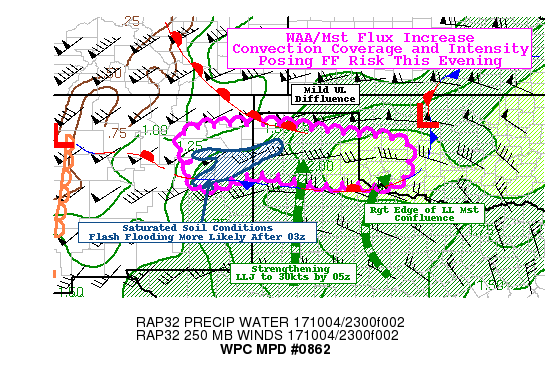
AREAS AFFECTED...SOUTHWEST OK...NORTH TX PANHANLE...EASTERN NM

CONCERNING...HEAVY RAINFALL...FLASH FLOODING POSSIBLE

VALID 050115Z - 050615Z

SUMMARY...STRENGTHENING WARM AIR ADVECTION/MOISTURE FLUX SHOULD
INCREASE CONVECTIVE COVERAGE AND RAINFALL EFFICIENCY THIS EVENING
POSSIBILY OVER AREAS SATURATED FROM LAST NIGHT'S HEAVY RAINFALL.

DISCUSSION...A SLOW BUT STEADY INCREASE IN CONVECTIVE VIGOR HAS
BEEN NOTED BOTH IN REGIONAL RADAR MOSAIC AS WELL AS PERCOLATING
COOLING IR TOPS ACROSS THE EASTERN N TX PANHANDLE INTO SW OK.
THIS IS IN RESPONSE TO STRENGTHENING WAA REGIME AS NOCTURNAL LLJ
BEGINS TO ENHANCE FROM 10 TO 20KTS TO EVENTUALLY 30KTS TOWARD
04-05Z.  CELLS ARE CURRENTLY CONFINED TO THE EASTERN QUADRANT LLJ
WHERE THERE IS INCREASED LOW LEVEL MOISTURE CONVERGENCE MAINLY DUE
TO CONFLUENCE FROM EASTERN EDGE OF DEEPEST MOISTURE/INSTABILITY
OVER NW TX AS MID-LEVEL DRY AIR/DEEP ANTICYCLONE UNDERCUTS THE
DEEP MOISTURE CHANNEL ACROSS OK.  PARAMETERS STILL REMAIN ABOUT 2"
FOR TPW AND 750-1000 J/KG OVER THIS AREA...AND AS SUCH LOCALIZED
CONVECTIVE CORES STILL SUPPORT RATES UP TO 2-2.5"/HR POSING
CONTINUED LOCALIZED FLASH FLOOD RISK.

SFC BASED CONVECTION HAS BEEN DEVELOPING FAIRLY FAR SOUTH OF THE
STATIONARY FRONT FROM END TO HFF.  A SUBTLE WAVE LIFTING OUT OF
NM/S CO SUPPORTING A NW-SE WARM FRONT INTERSECTING THE BOUNDARY
AROUND BGD.  HOWEVER 00Z MESOANALYSIS DETECTS A WEAK BOUNDARY
LIKELY REINFORCED BY SOME DIFFERENTIAL HEATING/RAIN COOLING FROM
SW OK ACROSS CDS TO PVW TO CVS...THIS SHOULD CONTINUE TO REMAIN
THE FOCUS AS IT LIFTS NORTH/WASHES OUT WITH THE STRENGTHENING LLJ.
ADDITIONALLY...GOES-16 WV 6.9UM CHANNEL SHOWS MODEST DIFFLUENCE
OVER THE REGION THAT WILL SLOWLY DRIFT WESTWARD WITH TIME AS THE
2H RIDGE CONTINUES TO RETROGRADE ACROSS INTO N COAHUILA MEXICO
ALLOWING FOR GREATER EVACUATION ALOFT.

AS SUCH WAA INDUCED DEEPER CONVECTION WILL FURTHER STRENGTHEN FROM
EAST TO WEST ACROSS THE TX PANHANDLE FROM 01-03Z. AS CONVECTION
DOES DEVELOP...MEAN STEERING FLOW IS WSW TO ENE SUPPORTING SOME
POTENTIAL FOR CELLS TO CROSS TRACKS.  HOWEVER...EFFECTIVE BULK
SHEAR OF 30KTS WITH MODEST LOW LEVEL HELICITY...MAY SUPPORT SOME
ROTATION ALLOWING FOR RIGHT TURNING/SLOWING FORWARD  PROGRESS
ALONG THE BOUNDARY AND THEREFORE INCREASED LOCALIZED RAINFALL
TOTALS...AS WELL AS INCREASED MOISTURE FLUX TO THE CELL FOR
GREATER RAINFALL EFFICIENCY.  THE RECENT 22/23Z HRRR RUNS SEEM TO
TAKE THIS SCENARIO TO THE EXTREME SUGGESTING TOTALS OF 3-6" OVER A
LARGE AREAL SWATH NEAR/NORTH OF I-40 IN TX; THIS SEEMS UNLIKELY
AND WOULD FAVOR A MORE TEMPERED (THOUGH STILL POSSIBLY UNDERDONE)
ARW2/NSSL-WRF OR EVEN THE 18Z 27KM GFS.

TOWARD 03-05Z...SUPERCELLS CURRENTLY CROSSING I-25 IN CENTRAL NM
WILL ADVANCE WITH WEAK MID-LEVEL TROF/HEIGHT FALLS.  SURFACE WIND
SHOULD BACK AND INCREASE IN RESPONSE TO IT ACROSS E
NM...SUPPORTING STRENGTHENED SFC MOISTURE CONVERGENCE.  THIS
SHOULD BE GENERALLY LOCATED VERY NEAR AREAS AFFECTED BY LAST
EVENING'S CONVECTIVE COMPLEX.  GROUND CONDITIONS ARE ALREADY
SATURATED/NEARLY SATURATED (80-100%) PER WATER MODEL/HRRR SOIL
CONDITIONS AND WHILE DEEP MOISTURE VALUES ARE SLIGHTLY LOWER (TPWS
OF 1.3-1.5") RATES OF 1.5-2"/HR ARE LIKELY TO EXCEED THE
COMPROMISED GROUND CONDITIONS MAKING FLASH FLOODING MORE LIKELY AT
OR AROUND 05-07Z.